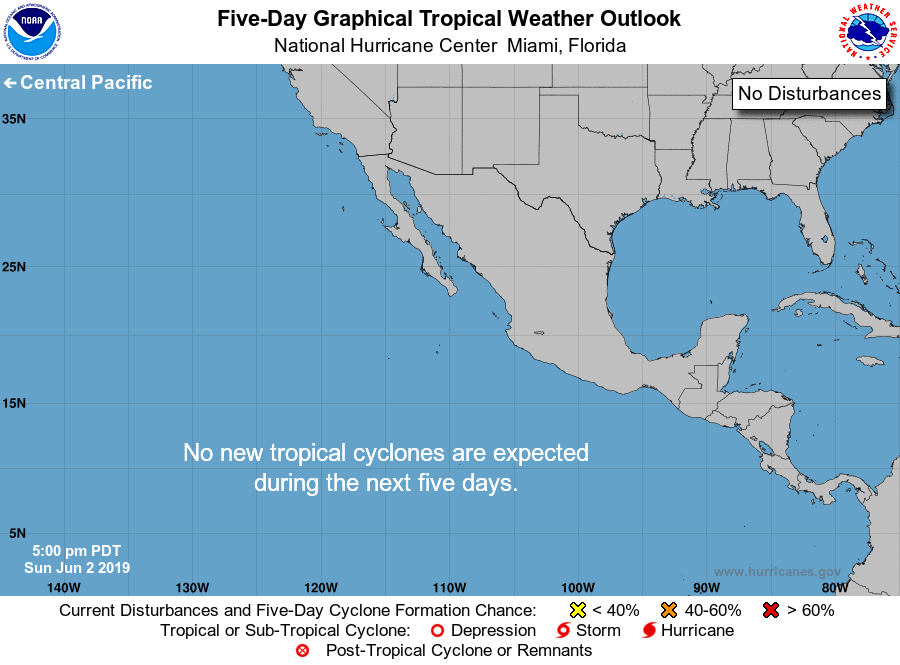
For the eastern North Pacific...east of 140 degrees west longitude:

Tropical cyclone formation is not expected during the next 5 days.

Forecaster Beven